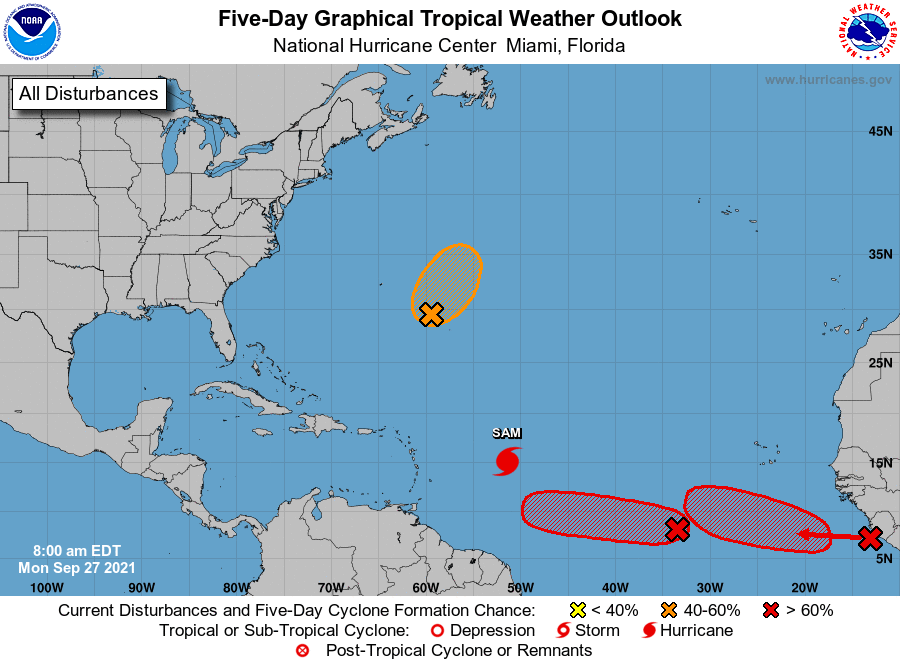
For the North Atlantic...Caribbean Sea and the Gulf of Mexico:

The National Hurricane Center is issuing advisories on Hurricane Sam, located several hundred miles east of the Lesser Antilles.

1. An elongated area of low pressure associated with the remnants of Peter is located a few hundred miles east-southeast of Bermuda. Showers and thunderstorms associated with this system have changed little in organization since yesterday. However, environmental conditions are marginally conducive for some further development, and Peter could briefly become a tropical depression again during the next day or two while it moves northeastward near 10 mph. By midweek, environmental conditions are expected to become unfavorable for further development.
* Formation chance through 48 hours...medium...50 percent.
* Formation chance through 5 days...medium...50 percent.

2. Disorganized showers and thunderstorms are associated with a broad area of low pressure located several hundred miles southwest of the Cabo Verde Islands. Environmental conditions are forecast to be conducive for further development of this disturbance, and a tropical depression is likely to form in a few days while it moves westward to west-northwestward at 5 to 10 mph over the central tropical Atlantic.
* Formation chance through 48 hours...low...40 percent.
* Formation chance through 5 days...high...80 percent.

3. A tropical wave is moving offshore the west coast of Africa and into the far eastern tropical Atlantic. Upper-level winds are forecast to be conducive for gradual development, and a tropical depression is likely to form in a few days while the system moves westward to west-northwestward at 10 to 15 mph over the far eastern tropical Atlantic.
* Formation chance through 48 hours...low...40 percent.
* Formation chance through 5 days...high...80 percent.

Forecaster Hagen/Pasch